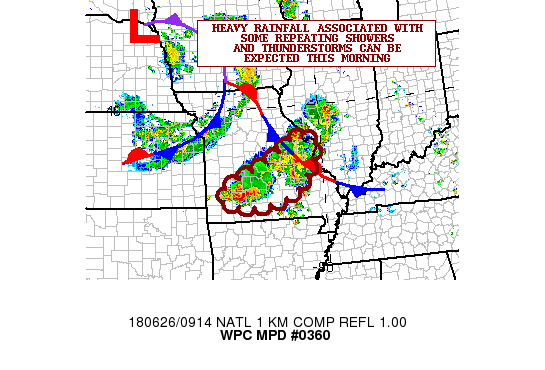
AREAS AFFECTED...SOUTHWEST TO EAST-CENTRAL MO

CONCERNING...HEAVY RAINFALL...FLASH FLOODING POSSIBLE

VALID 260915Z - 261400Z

SUMMARY...SOME EXPANSION OF HEAVY SHOWERS AND THUNDERSTORMS CAN BE
EXPECTED WITH SOME REPEATING OF CELLS THAT MAY RESULT IN SOME
FLASH FLOODING THIS MORNING.

DISCUSSION...THE LATEST RADAR IMAGERY IS SHOWING AN UPTICK IN
CONVECTION ACROSS AREAS OF SOUTHWEST TO EAST-CENTRAL MO AS LOW
LEVEL WARM AIR ADVECTION INCREASES OUT AHEAD OF AN UPPER LOW AND
AN ASSOCIATED FRONT. CLOUD TOPS HAVE BEEN COOLING OVER THE LAST 1
TO 2 HOURS AS CONVECTION HAS BEEN FOCUSING ALONG A RATHER SHARP
LOW LEVEL THETA-E GRADIENT. MUCAPE VALUES OF NEAR 1500 J/KG ARE
NOTED ACROSS THE REGION AS WELL.

OVER THE NEXT FEW HOURS...A SOUTHWEST LOW LEVEL JET OF 30 TO 40
KTS IS EXPECTED TO MAINTAIN AN AXIS OF RATHER STRONG WARM
AIR/THETA-E ADVECTION WHICH COUPLED WITH AT LEAST SOME MODESTLY
DIVERGENT FLOW ALOFT SHOULD SUSTAIN THE CONVECTIVE THREAT. THIS
WILL INCLUDE CONVECTION GENERALLY FOCUSING IN A SW/NE FASHION
ALONG THE BEST THETA-E/INSTABILITY GRADIENT AND WITH AN
ENVIRONMENT CONDUCIVE FOR REPEATING CELL ACTIVITY.

THE LATEST HRRR SUGGESTS AS MUCH AS 3 TO 4 INCHES OF RAINFALL
POTENTIAL THROUGH MID-MORNING WITH ISOLATED HEAVIER AMOUNTS. SOME
FLASH FLOODING WILL BE POSSIBLE GIVEN THESE TOTALS.